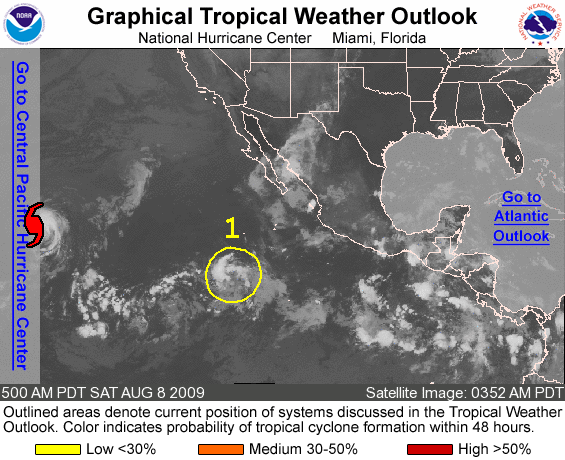
FOR THE EASTERN NORTH PACIFIC...EAST OF 140 DEGREES WEST LONGITUDE..

THE NATIONAL HURRICANE CENTER IS ISSUING ADVISORIES ON HURRICANE FELICIA...LOCATED ABOUT 1030 MILES EAST OF HILO HAWAII.

1. SHOWERS AND THUNDERSTORMS ASSOCIATED WITH A TROPICAL WAVE ABOUT 800 MILES SOUTH-SOUTHWEST OF THE SOUTHERN TIP OF BAJA CALIFORNIA ARE SHOWING SOME SIGNS OF ORGANIZATION. SOME SLOW DEVELOPMENT OF THIS SYSTEM IS POSSIBLE DURING THE NEXT COUPLE OF DAYS AS IT MOVES TOWARD THE WEST-NORTHWEST AT 10 TO 15 MPH. THERE IS A LOW CHANCE...LESS THAN 30 PERCENT...OF THIS SYSTEM BECOMING A TROPICAL CYCLONE DURING THE NEXT 48 HOURS.

ELSEWHERE...TROPICAL CYCLONE FORMATION IS NOT EXPECTED DURING THE NEXT 48 HOURS.

FORECASTER BLAKE/BRENNAN